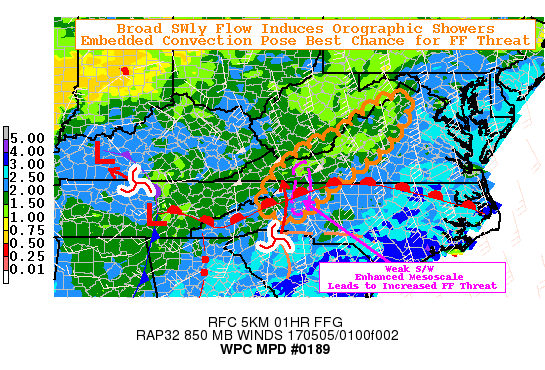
AREAS AFFECTED...SOUTHWEST VA...NORTHWEST NC...EXT SOUTHEAST
WV...EXT EASTERN TN

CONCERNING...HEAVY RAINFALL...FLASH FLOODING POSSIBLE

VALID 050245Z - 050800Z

SUMMARY...CONTINUED BROAD SCALE OROGRAPHIC ASCENT ACROSS THE BLUE
RIDGE THROUGHOUT THE NIGHT WITH OCCASIONAL EMBEDDED CONVECTIVE
LINE ELEMENTS WILL LOCALLY INCREASE RATES INDUCING POSSIBLE FLASH
FLOOD CONDITIONS.

DISCUSSION...WV LOOP DENOTES A POTENT SHORTWAVE LIFTING ACROSS THE
EASTERN TN VALLEY TOWARD THE NORTH AT THE INTERSECTION OF THE
SPLIT IN THE WARM CONVEYOR BELT (DEMARCATED BY THE SUBTROPICAL JET
CIRRUS CANOPY) WITH MAIN UPPER LOW CONTINUING ADVANCE ACROSS THE
ALABAMA WITH ALL PIECES PROVIDING LARGE SCALE ASCENT ACROSS THE
SOUTHERN APPALACHIANS AND PIEDMONT REGIONS OF THE CAROLINAS.
OVERALL THIS SUPPORTS BROAD SWLY FLOW THAT ISENTROPICALLY ASCENDS
ACROSS WEAK SURFACE BOUNDARY IN THE PIEDMONT OF NC/VA...EXPOSING
THE BLUE RIDGE AND FURTHER WEST SW-NE FACING MOUNTAIN RIDGES TO
STEADY MOIST FLOW THAT FOCUSED ON THE MOUNTAINS ALLOWS FOR
OROGRAPHIC ASCENT AND INCREASED RAINFALL OVER THE NEXT FEW HOURS.
OCCASIONAL NNW-SSE ORIENTED CONFLUENCE BANDS IN THE BROAD FLOW
WILL FOCUS ENOUGH FOR INCREASED SHORT-TERM RATES UP TO
.5"/HR...OVERALL THIS WILL SUPPORT 1-2" TOTALS OVER THE NEXT 6 HRS
(HIGHER FURTHER SW ALONG THE BLUE RIDGE WHERE FLOW IS INCREASED
DUE TO PROXIMITY TO THE UPPER LOW.  THIS WOULD LEAD TO A MARGINAL
THREAT FOR HIGH SUSCEPTIBLE HYDROLOGIC CHANNELS FOR FLOODING.

OF GREATER CONCERNS...THOUGH DIFFICULT TO DISCERN IN CONVENTIONAL
SATELLITE...THE BROAD DIFFLUENCE IN THIS SPLIT SHOULD SUPPORT A
NEW AMPLIFYING LOW LEVEL SPIN UP ACROSS CENTRAL SC...WHICH APPEARS
BEST IN REGION RADARS WITH A WEAK SURFACE REFLECTION WEST OF DCM
AT 02Z.  THESE LOCALIZED HEIGHT/PRESSURE FALLS SUPPORT INCREASED
LOW LEVEL FLOW AND CONFLUENCE OF WEAKLY UNSTABLE (100-400 J/KG PER
RAP FCST) AND DEEPLY MOIST (UP TO 1.5) ENVIRONMENTAL PARAMETERS TO
ALLOW FOR EFFICIENT RAINFALL UP TO 1.25"/HR RATES.  RECENT HI-RES
CAMS HRRR RUNS SEEM TO CAPTURE THIS WEAK SURFACE REFLECTION TOWARD
NW NC AND SW VA...AND WHILE THERE IS SOME REMAINING UNCERTAINTY ON
PRECISE LOCATION DIFFERENCES...THE RECENT 00Z-01Z HRRR APPEAR TO
BE BEST WITH INITIAL PLACEMENT AND TRACK TO HAVE SOME INCREASED
CONFIDENCE IN FOCUSING ALONG THE MAIN TERRAIN SW OF ROANOKE VA AND
TRACK N ALONG THE SPINE...INCREASING LOCALIZED VALUES TO 2-3"
WHICH SIGNIFICANTLY INCREASES THE POSSIBILITY FOR FLASH FLOODING
CONDITIONS PARTICULARITY GIVEN THE LOCALIZED MINIMUM IN THE FFG
FIELDS IN THIS REGION.